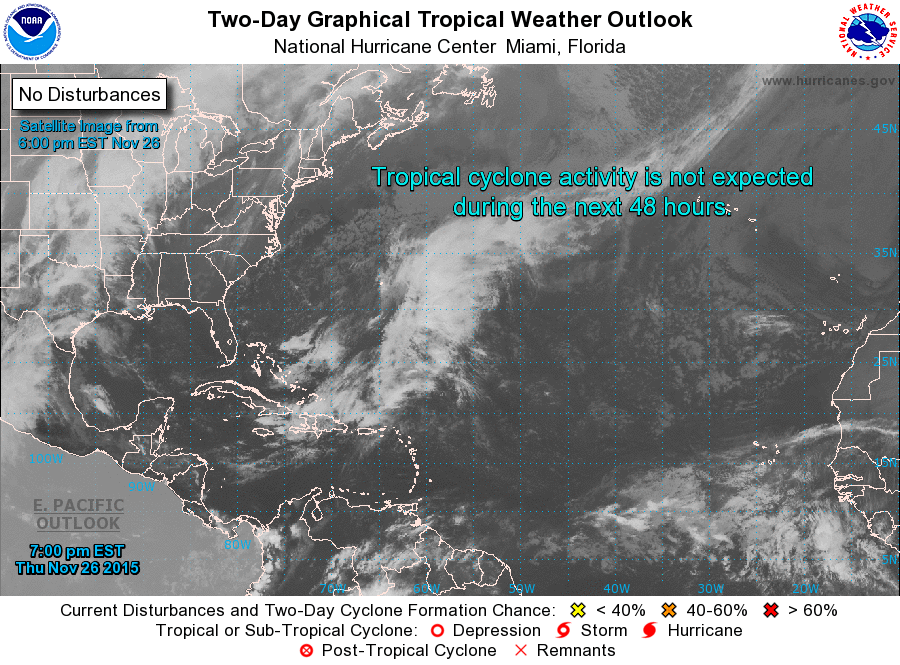
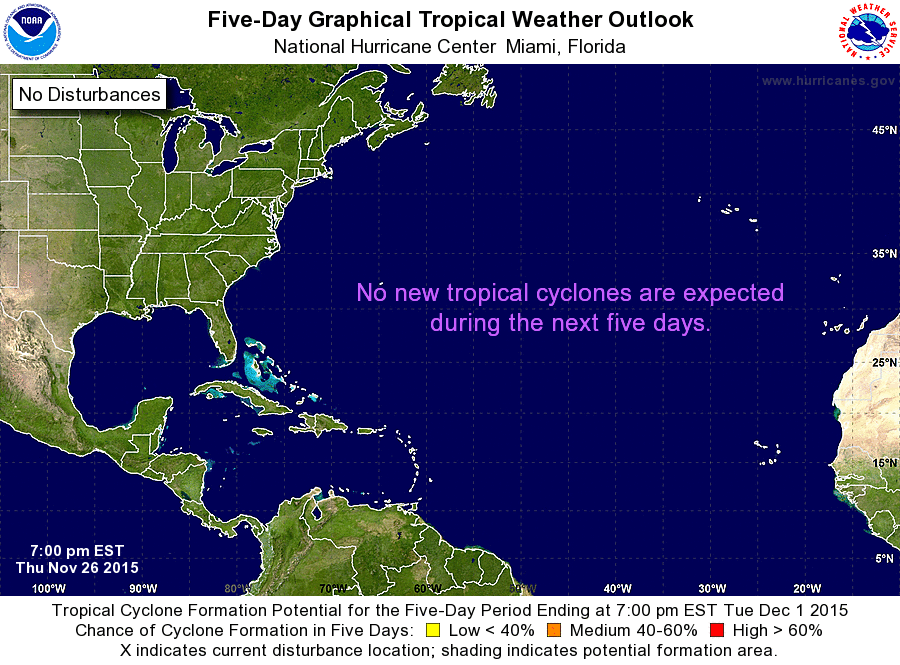
For the North Atlantic...Caribbean Sea and the Gulf of Mexico:

Tropical cyclone formation is not expected during the next 5 days.

Forecaster Beven